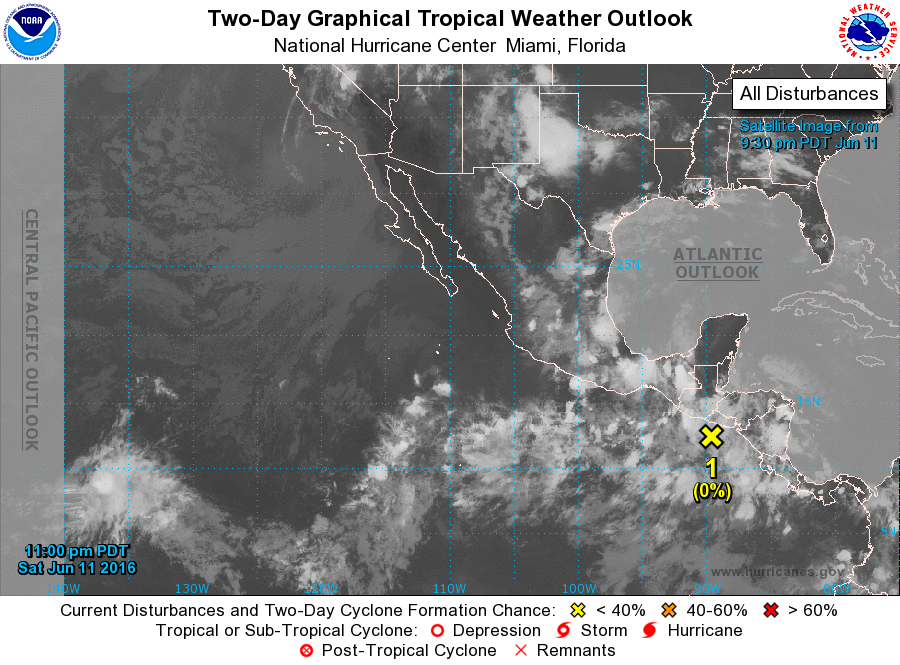
For the eastern North Pacific...east of 140 degrees west longitude:

1. An area of low pressure could develop south of the coast of southeastern Mexico around the middle of the week in association with a tropical wave that is currently located south of Guatemala and El Salvador. Environmental conditions appear to be conducive for gradual development of this system later in the week while it moves westward or west-northwestward.
* Formation chance through 48 hours...low...near 0 percent
* Formation chance through 5 days...medium...40 percent

Forecaster Brennan